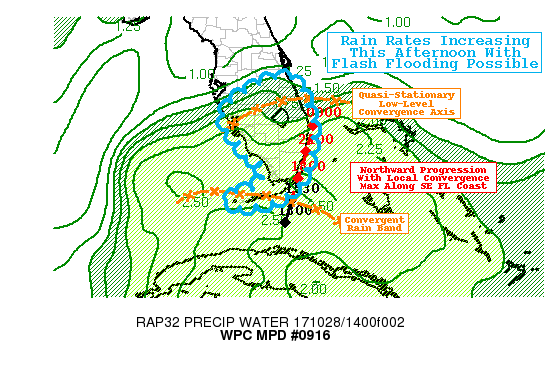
AREAS AFFECTED...SOUTH FLORIDA AND THE FLORIDA KEYS

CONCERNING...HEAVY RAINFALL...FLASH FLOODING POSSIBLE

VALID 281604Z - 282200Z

SUMMARY...SHALLOW CONVECTIVE SHOWERS AND RAIN BANDS WILL DEVELOP
THIS AFTERNOON WITH INCREASING RAIN RATES OVER TIME. THIS MAY POSE
THE RISK FOR LOCALIZED FLASH FLOODING...PARTICULARLY IN THE I-95
CORRIDOR ALONG THE SOUTHEAST FLORIDA COAST.

DISCUSSION...THE DEEP TROPICAL MOISTURE PLUME SURROUNDING
NEWLY-MINTED TROPICAL DEPRESSION 18 WAS BEGINNING TO ADVANCE INTO
SOUTH FLORIDA. THIS IS CLEARLY SHOWN IN THE CIRA BLENDED TPW AND
LAYER PW PRODUCTS...BUT CAN ALSO BE INFERRED BY COMPARING THE 12Z
SOUNDINGS FROM KEY WEST (2.3 INCH PW) AND MIAMI (1.68 INCH PW).
THE GRADIENT IS FURTHER NORTH NOW THAN IT WAS AT 12Z AND SHOULD
REACH THE INTERSTATE-4 CORRIDOR IN CENTRAL FLORIDA BY
MID-AFTERNOON. LATEST RAP OBJECTIVE ANALYSIS ALSO SHOWS INCREASING
(BUT STILL WEAK TO MODERATE) INSTABILITY ACROSS PORTIONS OF SOUTH
FLORIDA...WITH HIGHEST VALUES FOCUSED ALONG THE SOUTHEAST FLORIDA
COAST. THE COMBINATION OF THESE FACTORS (VERY MOIST PROFILE WITH
NARROW CAPE) SHOULD SUPPORT SHALLOW CONVECTION WITH DOMINANT WARM
RAIN PROCESSES WITH THE POTENTIAL FOR EFFICIENT RAINFALL
PRODUCTION AND HIGH INSTANTANEOUS/HOURLY RAIN RATES. THE PAST
SEVERAL HRRR RUNS SHOW RAIN RATES PEAKING AS HIGH AS 3 IN/HR IN
THE 18-22Z TIME FRAME AND THAT DOES SEEM ACHIEVABLE.

WHILE THE LARGE SCALE ENVIRONMENT WILL FAVOR HEAVY RAIN RATES IN
ANY CONVECTION THAT CAN DEVELOP...ANY FLASH FLOOD THREAT WOULD
LIKELY REQUIRE MORE FOCUSED AND SUSTAINED LOW-LEVEL CONVERGENCE.
THE PRIMARY AREA WHERE THIS SEEMS MOST LIKELY WOULD BE WITH AN
ALREADY ESTABLISHED CONVERGENT RAIN BAND CURRENTLY CROSSING THE
MIDDLE KEYS (AND MOVING NORTH AROUND 10-15 KNOTS). THE RAP AND
HRRR TRACK THIS FEATURE NORTH THROUGH THE AFTERNOON...AND AN
ASSOCIATED CONVERGENCE MAX RIGHT ALONG THE COAST WHERE THE
MESOSCALE BOUNDARY COMBINES FAVORABLY WITH FRICTIONAL CONVERGENCE.
EXTRAPOLATION AND RAP FORECASTS WOULD BRING THIS ENHANCED
CONVERGENCE INTO MIAMI-DADE AND BROWARD COUNTIES BETWEEN 18Z AND
22Z. ADDITIONALLY...KAMX RADAR SHOWS NEW CONVECTIVE GROWTH NORTH
OF THE AFOREMENTIONED BAND...JUST OFFSHORE OF MIAMI AS OF 16Z. IF
THIS CAN FILL IN A BIT MORE (PARTICULARLY AS INSTABILITY INCREASES
IN THE AFTERNOON)...THE DURATION OF HEAVY RAINFALL COULD BE
INCREASED ALONG THE COAST WITH AN ASSOCIATED INCREASE IN THE FLASH
FLOOD THREAT.

ANOTHER AXIS OF LOW-LEVEL CONVERGENCE EXISTS FURTHER
NORTH...ROUGHLY FROM FORT MYERS TO PORT ST. LUCIE. THIS BOUNDARY
IS NOT EXPECTED TO MOVE MUCH THIS AFTERNOON...AND THE LOW-LEVEL
CONVERGENCE IS FAIRLY WEAK. THE HRRR TRIES TO DEVELOP SOME
ISOLATED TO SCATTERED CONVECTIVE SHOWERS NEAR THIS
BOUNDARY...PARTICULARLY AFTER 18Z...BUT MAY BE OVERESTIMATING
INSTABILITY. THEREFORE...THE THREAT OF HEAVIER RAIN RATES IN THIS
AREA FURTHER NORTH IS MORE CONDITIONAL...AT LEAST THROUGH 22Z.